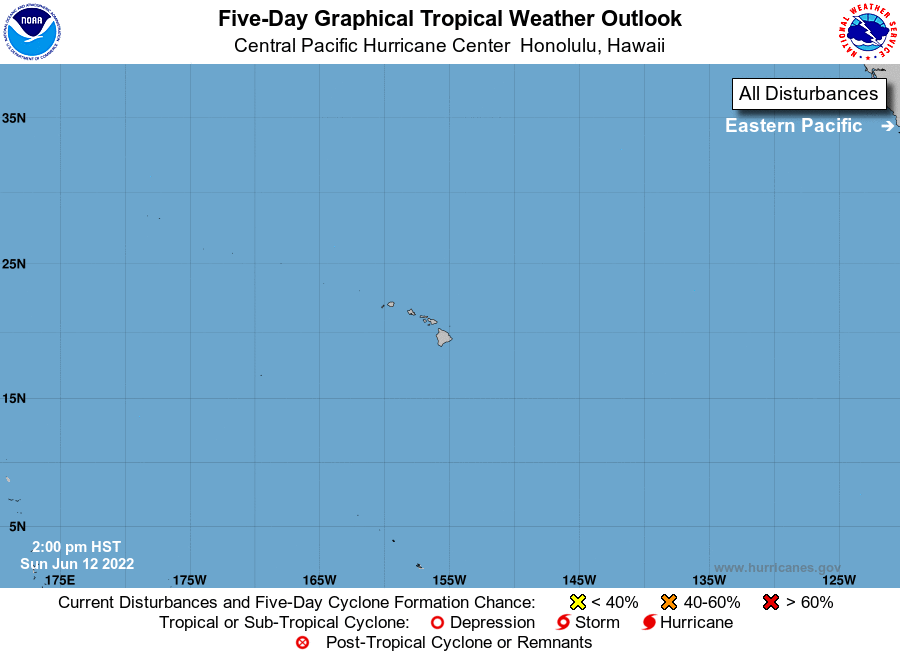
For the central North Pacific...between 140W and 180W:

No tropical cyclones are expected during the next 5 days.

Forecaster M Ballard